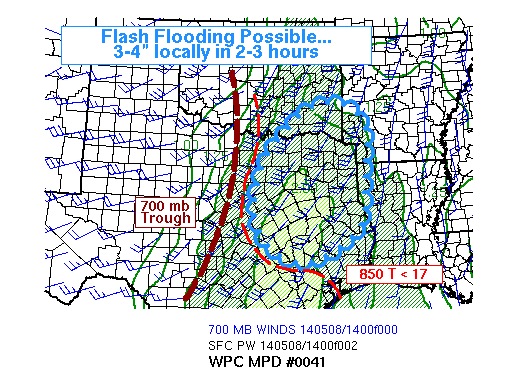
AREAS AFFECTED...NE TX...SE OK...SW AR

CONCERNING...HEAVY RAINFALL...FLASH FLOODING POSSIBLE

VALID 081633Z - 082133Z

SUMMARY...THE SCENARIO IS PLAYING OUT IN FAVOR OF LOCAL FLASH
FLOODING...ESPECIALLY IN EASTERN TEXAS WHERE COLD POOLS WERE
BECOMING ESTABLISHED AT 16Z...AND THESE WILL INTERCEPT A SUSTAINED
AND BROAD RETURN OF UNSTABLE AND VERY MOIST AIR.

DISCUSSION...JUDGING BY RAOBS AND MODEL SOUNDINGS CONVECTIVE
DEVELOPMENT IS MOST LIKELY ALONG THE NORTH/EAST EDGE OF THE 17 DEG
CELCIUS ISOTHERM AT 850 MB. DURING THE MORNING COLD POOLS HAD
BECOME ESTABLISHED DOWNWIND FROM THERE IN BOTH SOUTHEAST AND
NORTHEAST TX. INITIAL DEVELOPMENT WAS AIDED BY WARM ADVECTION AND
A SURGE OF MOISTURE CHARACTERIZED BY PRECIPITABLE WATER IN EXCESS
OF 1.9 INCHES...WHICH WILL PROGRESS TOWARD SE OK/SW AR AND
OVERSPREAD THE REST OF EAST TEXAS TODAY. MID LEVELS WILL REMAIN
SUPPORTIVE OF ORGANIZED CONVECTION FOR SEVERAL HOURS. STORM
MOTIONS WERE OF MOST CONCERN IN NE TX WHERE TRAINING HAD ALREADY
PRODUCED REPORTS OF 1.5 TO 2 INCHES IN LITTLE MORE THAN ONE
HOUR...WHICH IS FAIRLY CONSISTENT WITH DUAL POL ESTIMATES.

THE RAP AND 12Z NAM SUSTAIN LOW LEVEL WARM ADVECTION ALONG AN AXIS
NEAR AND JUST AHEAD OF THE ONGOING CONVECTION IN NE TX THROUGH
THIS AFTERNOON...SUGGESTING CELLS WILL CONTINUE TO INITIATE AND
FEED INTO THE LINE OR LINES AS THEY MAKES SLOW EASTWARD PROGRESS.
EMBEDDED SWATHS OF 3-4 INCH RAINS OVER A SHORT DURATION SEEM
LIKELY GIVEN THE CURRENT OBSERVATIONS AND OUTPUT FROM AT LEAST
SOME OF THE 12Z HIRES GUIDANCE. MID LEVEL WINDS SHOULD VEER TO
ALLOW MORE PROGRESSION BY MID AFTERNOON.